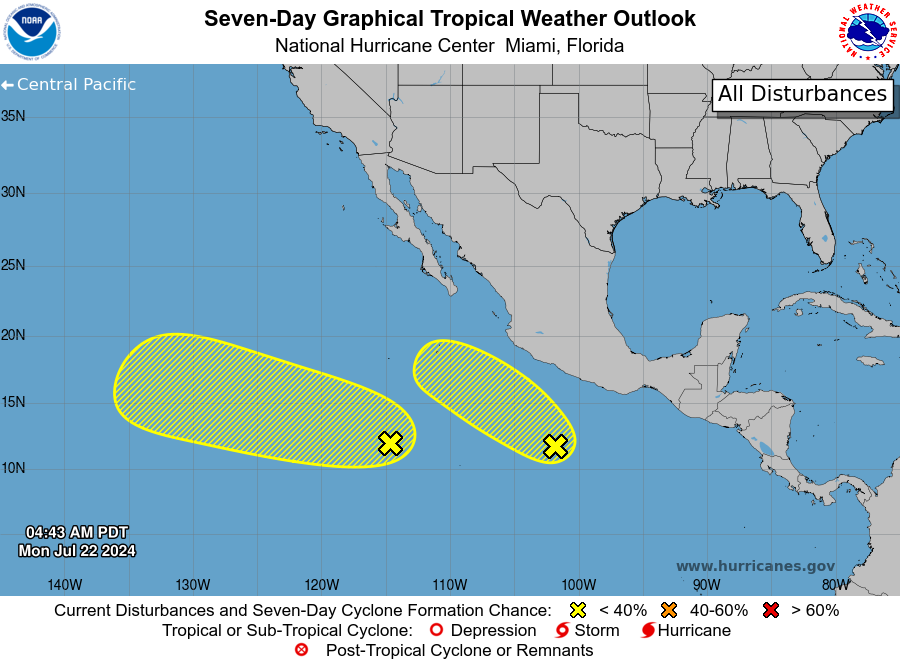
For the eastern North Pacific...east of 140 degrees west longitude:

1. Central and Western East Pacific: A tropical wave located several hundred miles south-southwest of the southern tip of the Baja California Peninsula is producing disorganized shower and thunderstorm activity. Environmental conditions could become a little more conducive for some gradual development of this system over the next several days while it moves westward to west-northwestward at 10 to 15 mph across the central and western portions of the basin.
* Formation chance through 48 hours...low...10 percent.
* Formation chance through 7 days...low...30 percent.

2. Offshore Southwestern Mexico: Disorganized showers and thunderstorms located a few hundred miles south-southwest of Acapulco, Mexico are associated with a surface trough. Environmental conditions could support slight development over the next couple of days as the system moves slowly west-northwestward, remaining offshore of southwestern Mexico.
*Formation chance through 48 hours...low...10 percent.
*Formation chance through 7 days...low...10 percent.

Forecaster Hagen/Brown